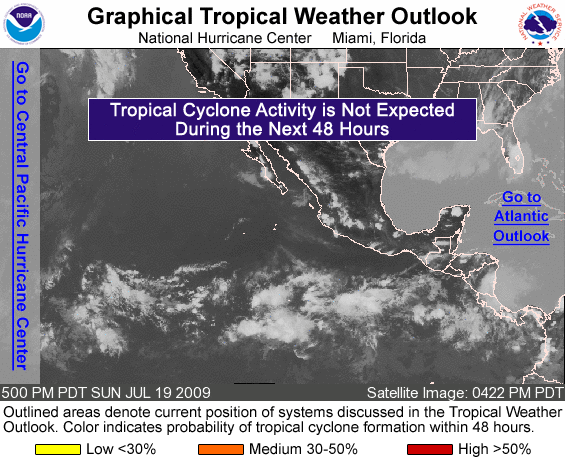
FOR THE EASTERN NORTH PACIFIC...EAST OF 140 DEGREES WEST LONGITUDE..

TROPICAL CYCLONE FORMATION IS NOT EXPECTED DURING THE NEXT 48 HOURS.

FORECASTER PASCH